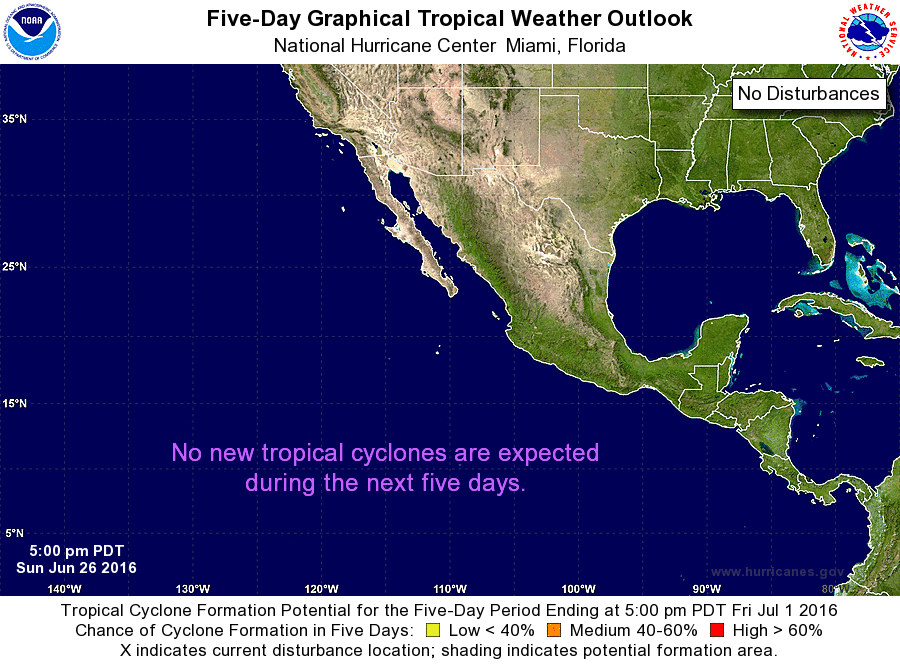
For the eastern North Pacific...east of 140 degrees west longitude:

Tropical cyclone formation is not expected during the next 5 days.

Forecaster Pasch